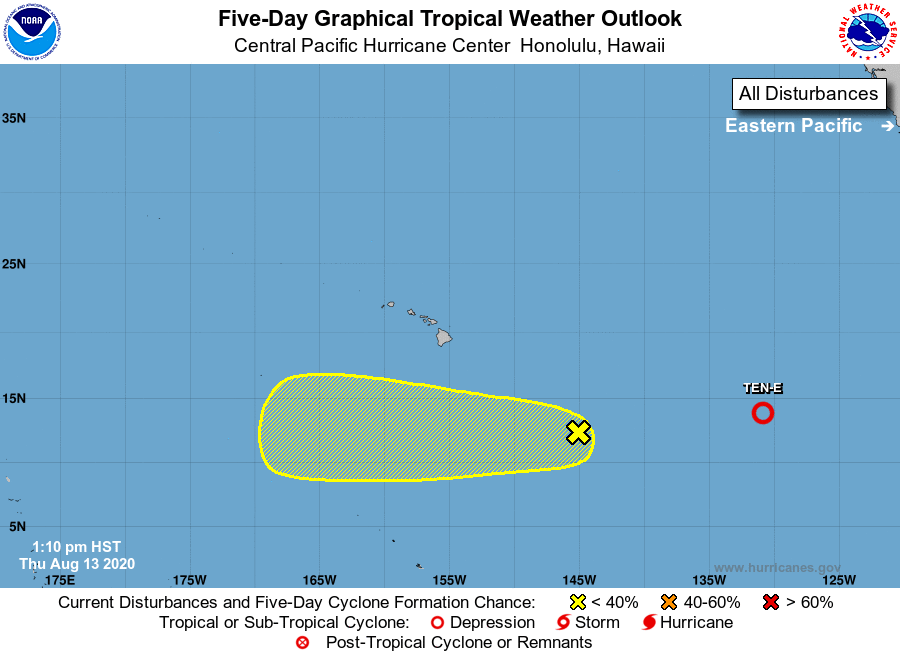
For the central North Pacific...between 140W and 180W:

1. An area of disturbed weather lies around 830 miles southeast of Hilo, Hawaii. Slow development is possible as the system moves west around 10 mph.
* Formation chance through 48 hours...low...10 percent.
* Formation chance through 5 days...low...30 percent.

Elsewhere, no tropical cyclones are expected during the next 5 days.

Forecaster Donaldson